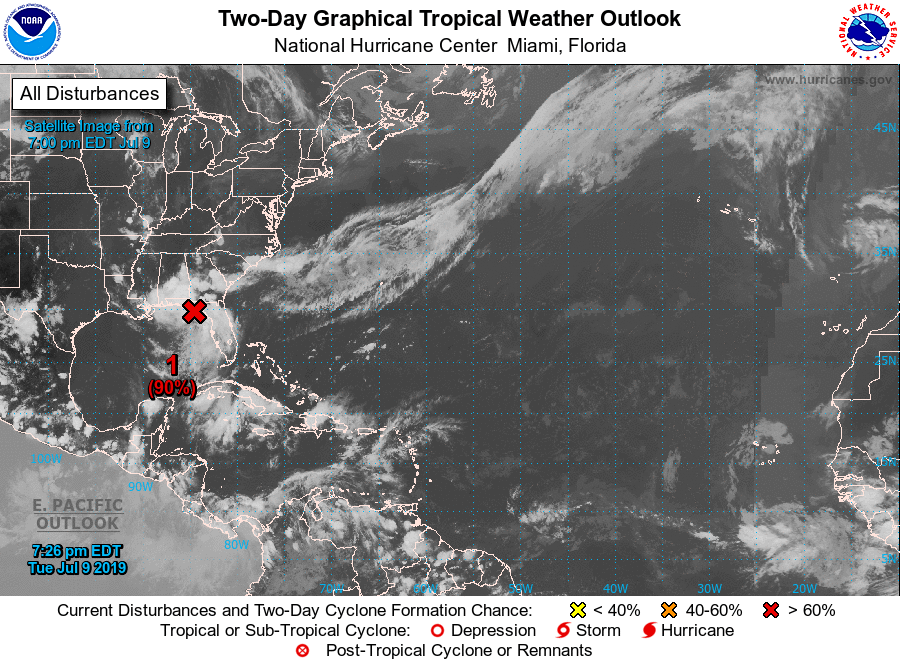
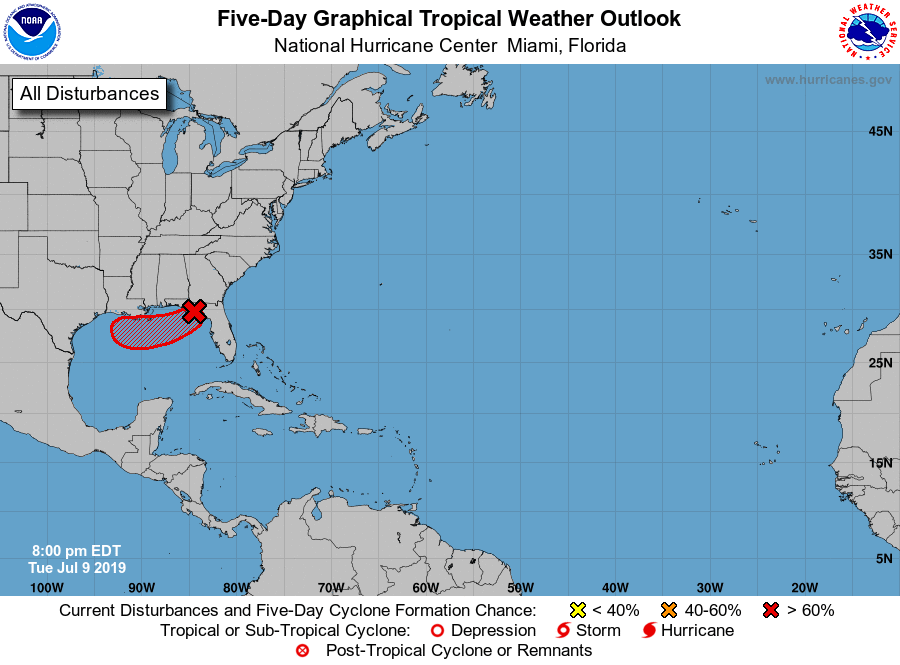
For the North Atlantic...Caribbean Sea and the Gulf of Mexico:

1. A broad low pressure area located over the Florida Panhandle and the far northeastern Gulf of Mexico is producing widespread but disorganized showers and thunderstorms. Environmental conditions are conducive for development, and a tropical depression is expected to form late Wednesday or Thursday while the low moves slowly westward across the northern Gulf of Mexico. Tropical Storm, Hurricane and Storm Surge Watches could be required for a portion of the northern Gulf Coast on Wednesday. An Air Force Reserve Unit reconnaissance aircraft is scheduled to investigate the disturbance tomorrow afternoon. In addition, this disturbance has the potential to produce heavy rainfall from the Upper Texas Coast to the Florida Panhandle during the next several days, and interests in those areas should continue to monitor the progress of this system. For more information, please see products issued by your local weather forecast office and the NOAA Weather Prediction Center.
* Formation chance through 48 hours...high...90 percent.
* Formation chance through 5 days...high...90 percent.

Forecaster Cangialosi